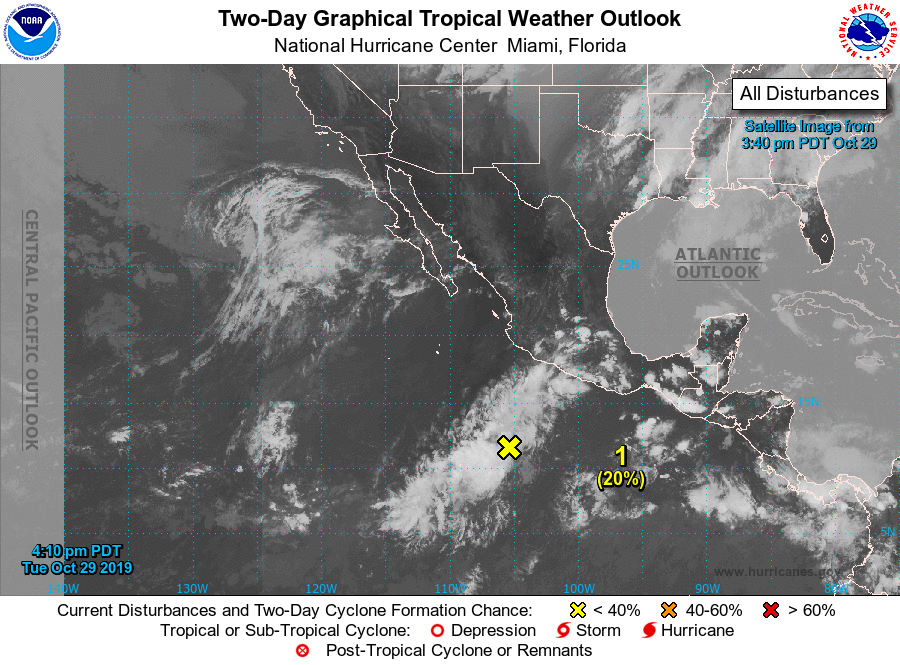
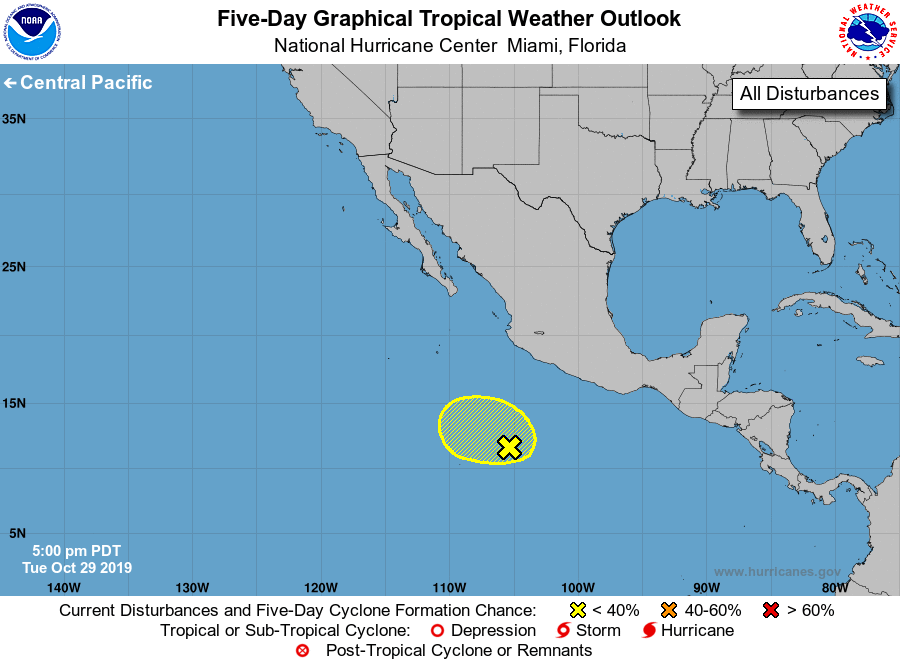
For the eastern North Pacific...east of 140 degrees west longitude:

1. Disorganized showers and thunderstorms located a few hundred miles southwest of the southern coast of Mexico are associated with an elongated area of low pressure. Some development of this system is possible over the next couple of days while it moves slowly westward. By late this week, conditions are expected to become unfavorable for development.
* Formation chance through 48 hours...low...20 percent.
* Formation chance through 5 days...low...20 percent.

Forecaster Brown